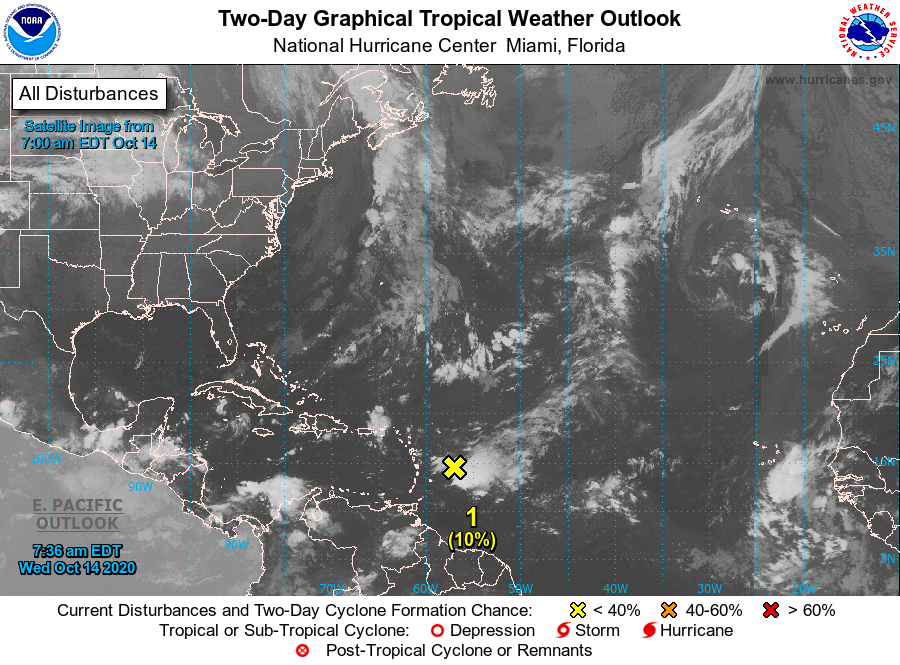
For the North Atlantic...Caribbean Sea and the Gulf of Mexico:

1. A broad area of low pressure located a few hundred miles east of the Lesser Antilles continues to produce a large area of disorganized showers and thunderstorms, mainly to the east of its center. Strong upper-level winds are expected to inhibit significant development while the system moves west-northwestward over the next couple of days. Regardless of development, the system could produce locally heavy rainfall across portions of the central and northern Lesser Antilles today, the Virgin Islands and Puerto Rico on Thursday, and Hispaniola on Friday.
* Formation chance through 48 hours...low...10 percent.
* Formation chance through 5 days...low...10 percent.

Forecaster Beven